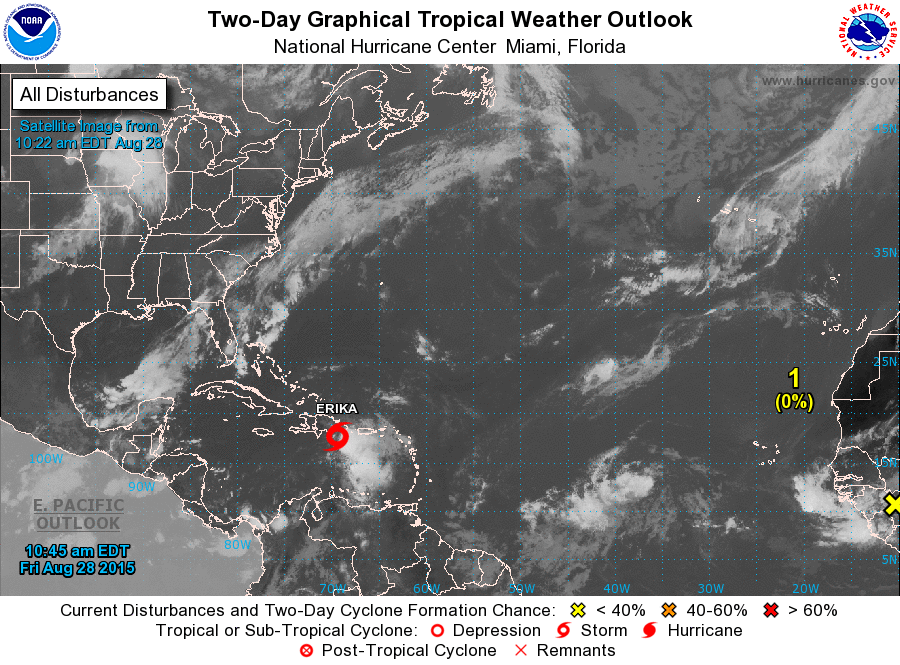
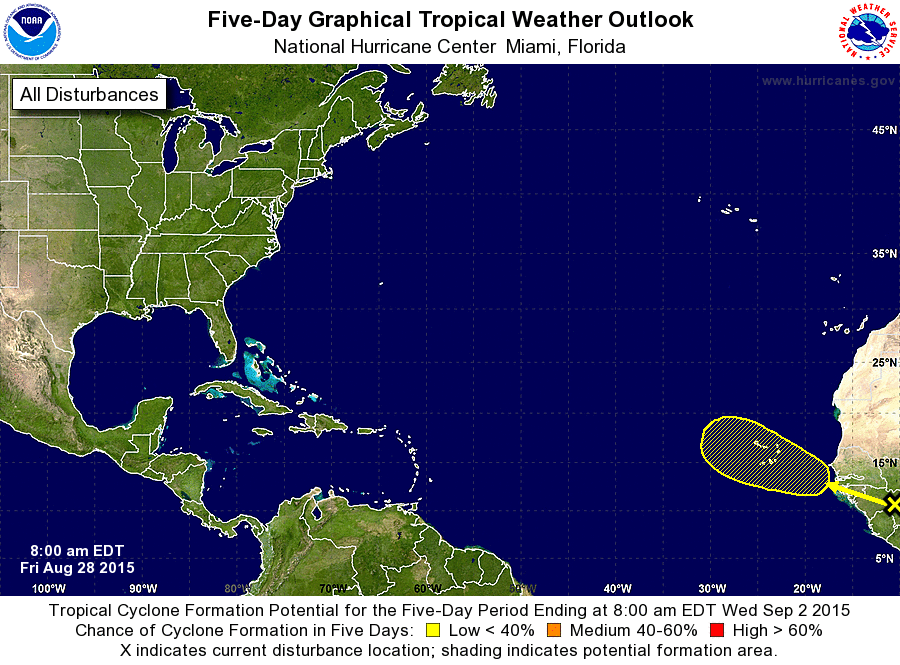
For the North Atlantic...Caribbean Sea and the Gulf of Mexico:

The National Hurricane Center is issuing advisories on Tropical Storm Erika, located near the southeastern coast of the Dominican Republic.

1. A tropical wave is forecast to move off of the west coast of Africa over the weekend. Some slow development is possible through the middle of next week while the system moves west-northwestward near the Cape Verde Islands at about 10 mph.
* Formation chance through 48 hours...low...near 0 percent
* Formation chance through 5 days...low...30 percent

Forecaster Berg